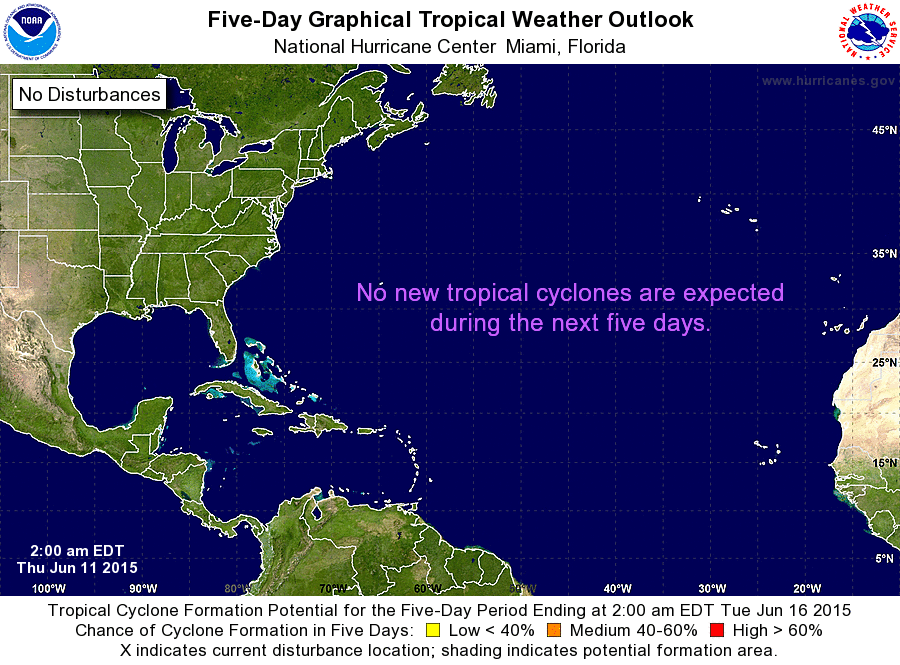
For the North Atlantic...Caribbean Sea and the Gulf of Mexico:

Tropical cyclone formation is not expected during the next 5 days.

Forecaster Cangialosi